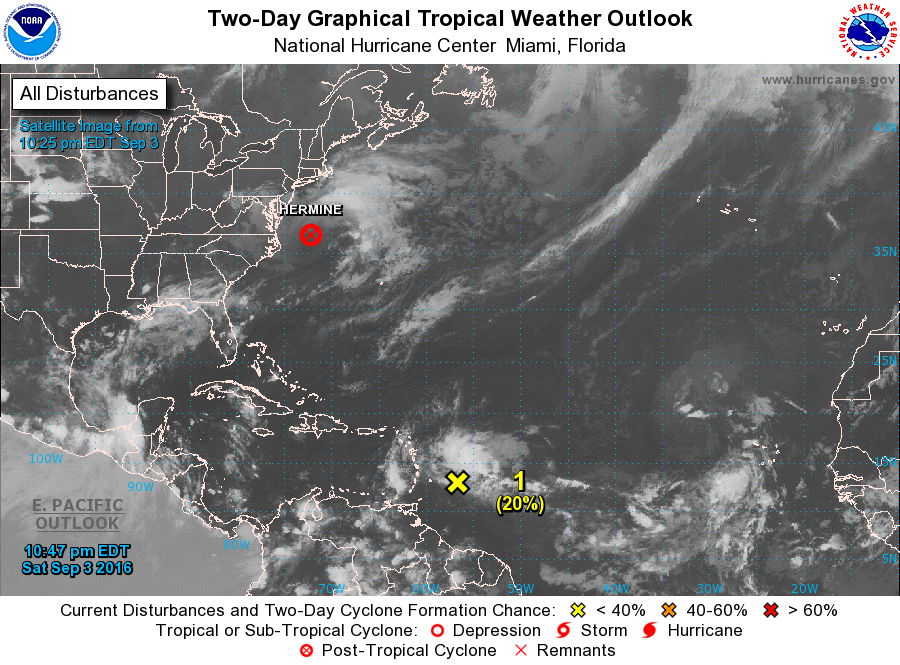
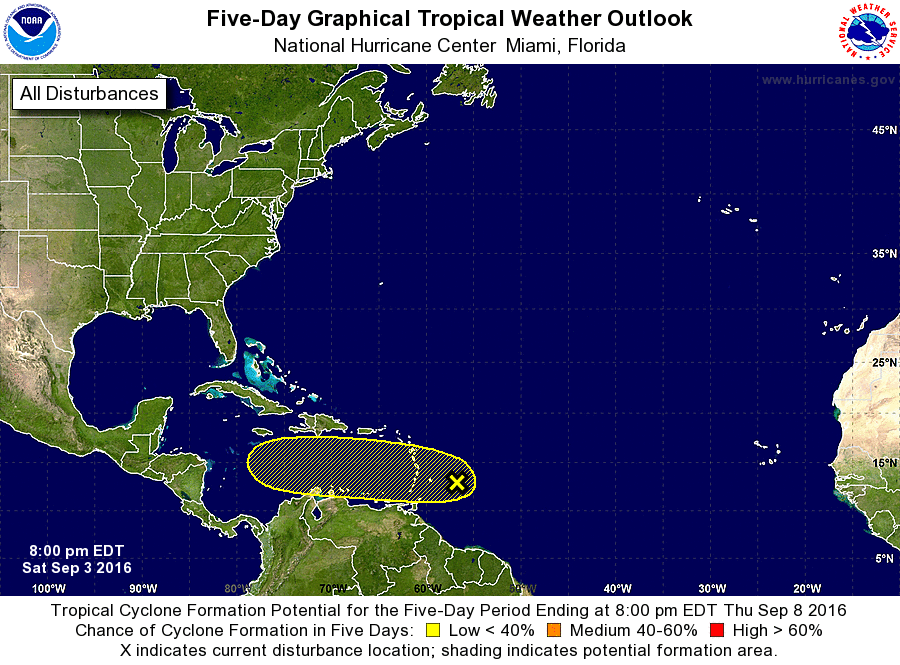
For the North Atlantic...Caribbean Sea and the Gulf of Mexico:

The National Hurricane Center is issuing advisories on Post-Tropical Cyclone Hermine, located off the mid-Atlantic coast of the United States.

1. A tropical wave accompanied by a broad area of low pressure located about 300 miles east of the Lesser Antilles continues to produce a large area of disorganized showers and thunderstorms. While a recent buoy observation east of the islands indicates that the wave is producing winds just below tropical storm force, environmental conditions are only marginally conducive for any additional development of this system while it moves westward at 15 to 20 mph. Regardless of development, locally heavy rainfall and gusty winds, possibly to tropical storm force, are expected over portions of the Lesser Antilles overnight and continuing through Sunday night.
* Formation chance through 48 hours...low...20 percent
* Formation chance through 5 days...low...30 percent

Forecaster Berg